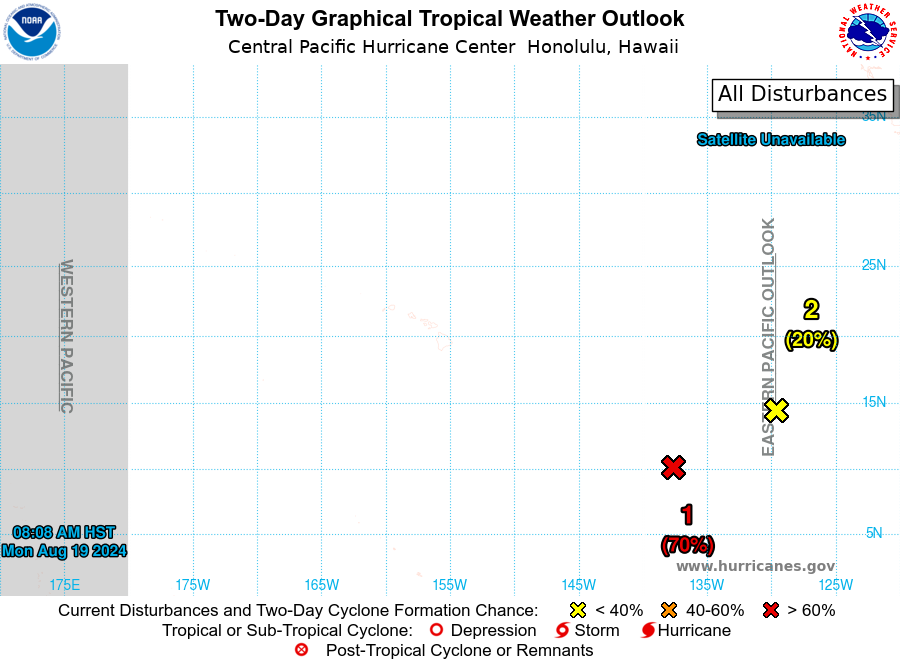
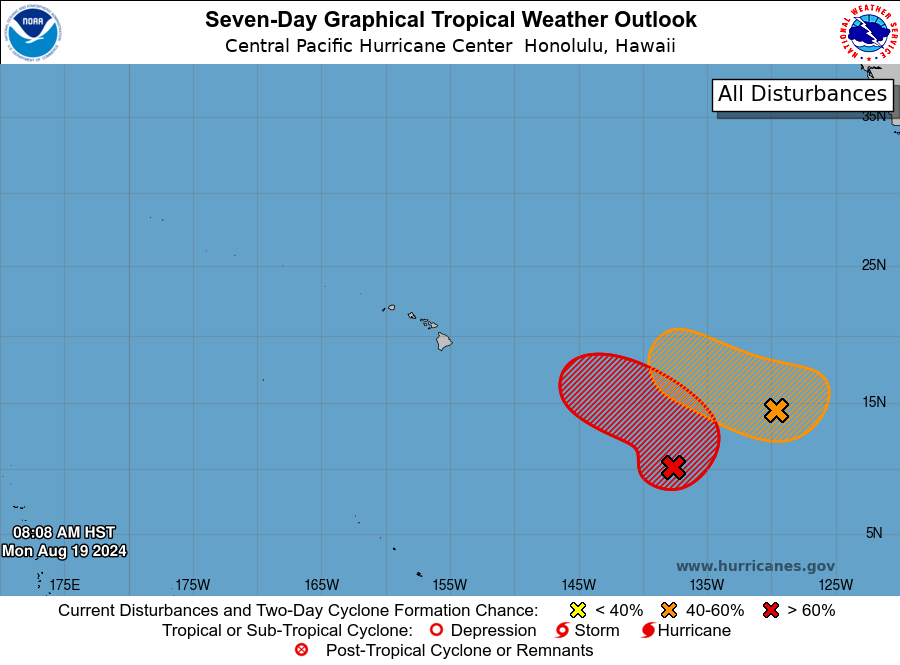
For the central North Pacific...between 140W and 180W:

1. Approximately 1200 miles east-southeast of Hilo, Hawaii (EP90): Shower and thunderstorm activity associated with an area of low pressure located well east-southeast of Hawaii has changed little during the past several hours. Environmental conditions are expected to be conducive for development and a tropical depression is likely to form during the next couple of days. The disturbance is forecast to meander slowly northward or northeastward during the next few days, before accelerating west-northwestward into the Central Pacific basin by the latter portion of the week.
* Formation chance through 48 hours...high...70 percent.
* Formation chance through 7 days...high...80 percent.

Elsewhere, no tropical cyclones are expected during the next 7 days.

Forecaster TS